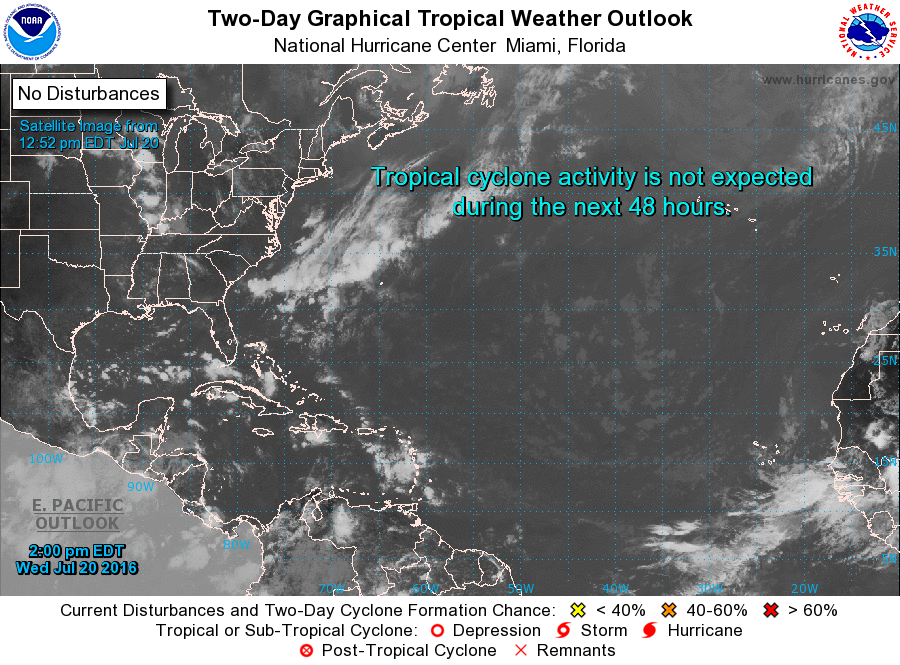
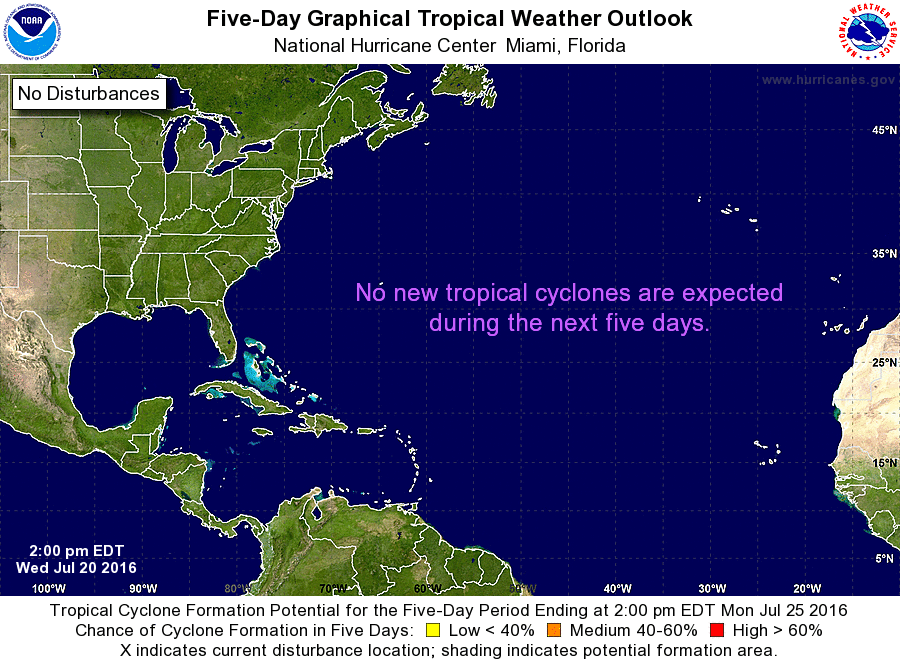
For the North Atlantic...Caribbean Sea and the Gulf of Mexico:

Tropical cyclone formation is not expected during the next 5 days.

Forecaster Brennan